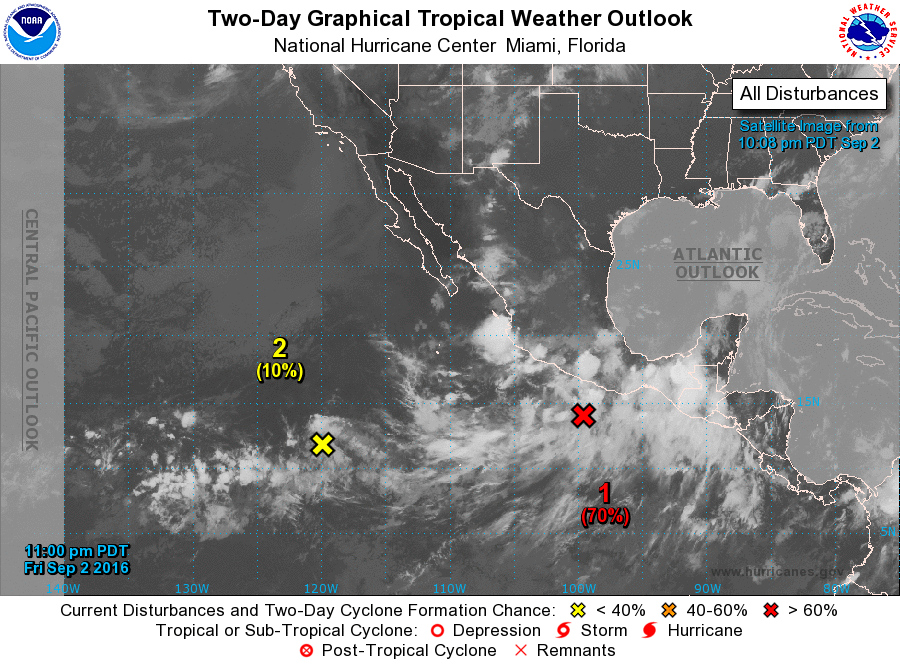
For the eastern North Pacific...east of 140 degrees west longitude:

1. An elongated area of low pressure continues to produce an extensive area of disorganized cloudiness and showers, extending several hundred miles south through southwest of the southern coast of Mexico. Upper-level winds are expected to become more conducive for development, and this disturbed weather is likely to consolidate and become a tropical depression later this weekend or early next week. Locally heavy rains, flash floods, and mud slides are likely in association with this system while it moves west-northwestward or northwestward near the southern and southwestern coasts of Mexico this weekend and early next week. Interests in these areas should monitor the progress of this disturbance.
* Formation chance through 48 hours...high...70 percent
* Formation chance through 5 days...high...80 percent

2. A weak area of low pressure located about 1000 miles southwest of the southern tip of the Baja California peninsula is producing a few showers and thunderstorms. Development of this system is becoming less likely since the low is expected to be pulled eastward into the circulation of the larger tropical disturbance near the coast of Mexico later this weekend.
* Formation chance through 48 hours...low...10 percent
* Formation chance through 5 days...low...10 percent

Forecaster Kimberlain